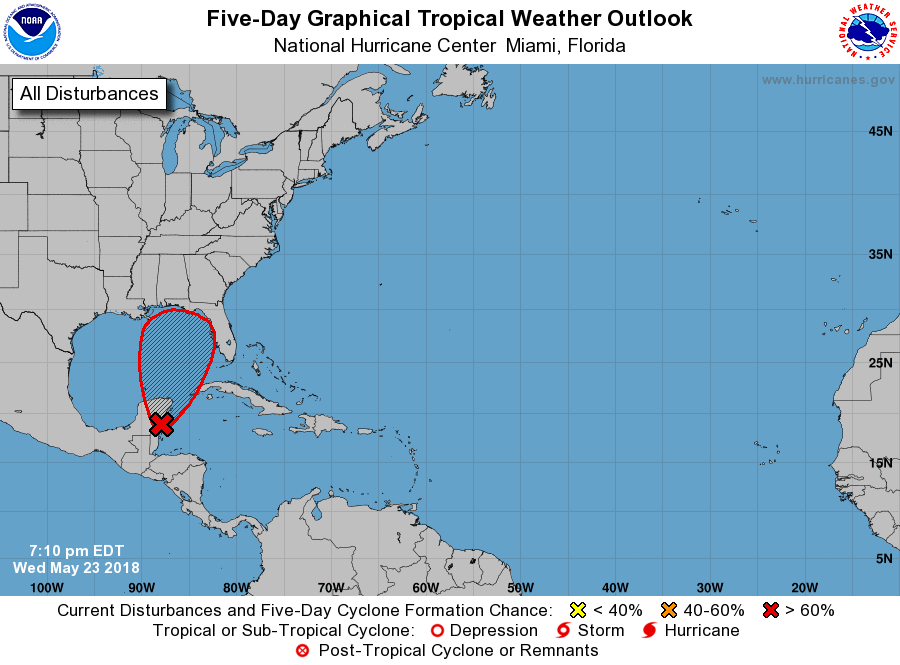
For the North Atlantic...Caribbean Sea and the Gulf of Mexico:

1. A broad surface low centered over the southeastern Yucatan Peninsula has become better defined since yesterday, and it continues to produce a large area of cloudiness and showers extending from the northwestern Caribbean Sea across Cuba into the Florida Straits. Continued slow development of this system is possible during the next couple of days as it drifts northward near the Yucatan Peninsula. Thereafter, environmental conditions are forecast to become more conducive for development, and a subtropical or tropical depression is likely to form this weekend over the eastern or central Gulf of Mexico. Regardless of development, locally heavy rainfall is possible across western Cuba and the Cayman Islands during the next few days, and over much of Florida and the northern Gulf Coast during the weekend. For more information on the heavy rain threat, please see products issued by your local weather office. The next Special Tropical Weather Outlook on this system will be issued by 800 AM EDT on Thursday.
* Formation chance through 48 hours...low...10 percent.
* Formation chance through 5 days...high...70 percent.

Forecaster Beven